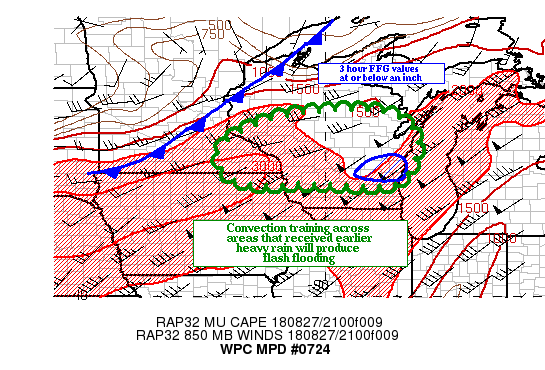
Areas affected...NE IA...SE MN...SOUTHERN WI

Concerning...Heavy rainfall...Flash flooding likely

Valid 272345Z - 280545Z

Summary...Convection training ahead of a slowing front in a high
moisture environment is expected to produce flash flooding into
the early morning hours.

Discussion...Regional radars showed convection ahead of a short
wave crossing  west central WI. The mode of the convection this
far as been strong winds/hail, as dry air in the mid levels is
allowing for cold pool development. The convection is moving
through a tongue of 2000-3000 J/KG of MUCAPE, which is largely
surface based, according to the most recent RAP soundings.

The southwest end of the convection line is beginning to slow, as
the short wave energy tracking from eastern MT int northern ND
allows the mid level flow to back. The mid level southwest flow
will cause a frontal boundary extending from northwest WI into
northwest IA to slow, as it becomes more parallel to the mid level
flow. The convection should become more west to east oriented
ahead of the slowing front, as the 850-300 mb mean wind becomes
better aligned with the propagation vectors. This alignment will
foster an environment where training becomes more likely.

An increasing low level southwest jet (reaching 40 to 50 knots
after 28/04z) will pump 2.00+ inch precipitable water air (which
is between two and three standard deviations above the mean) along
and ahead the front. This allows the column to moisten as the
convection evolves more of a flash flood threat. Strong low level
moisture transports occurs during this time, during which hourly
rainfall rates could exceed 2.00 inches over portions of central
and southern WI, as warm rain processes become more important
during the transition.

The greatest threat for flash flooding is expected to occur
between 28/02z and 28/06z (and possibly beyond, as the front
slows), over central and southern WI. Portions of this area
received more than 5.00 inches of rain early Monday morning
(mainly north of a Madison to Milwaukee line). There is a strong
high resolution model signal for 2.00/4.00 inches of rain central
and southern WI, though there is still some latitudinal spread on
the placement.

If the heaviest rainfall occurs over areas that received heavy
rainfall Monday morning, significant flash flooding is possible,
especially near and north of Madison and Milwaukee. The threat
could last beyond 28/06z, especially over southern WI, as the
front slows and moisture continues to focus on and south of the
front.